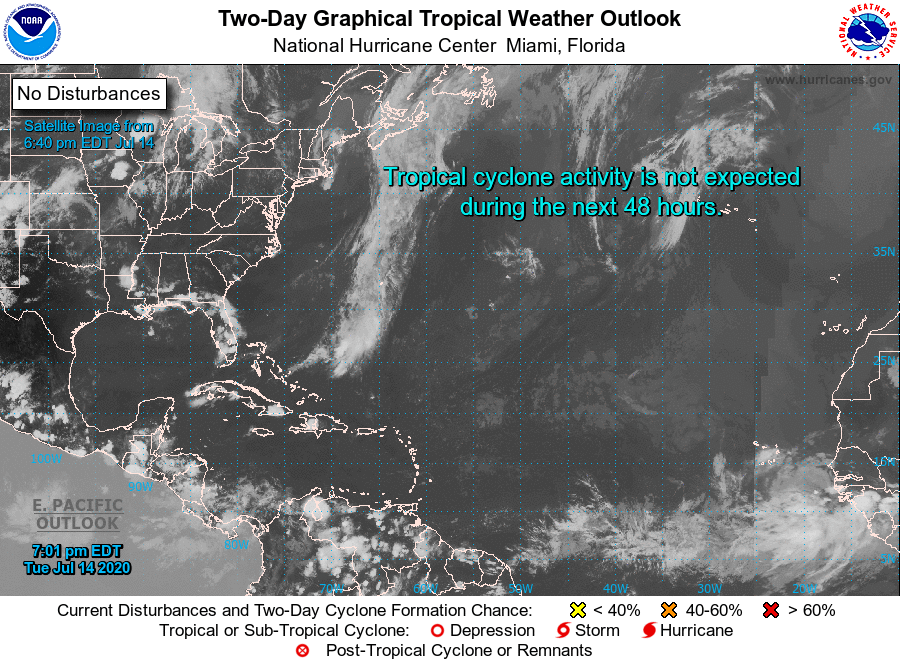
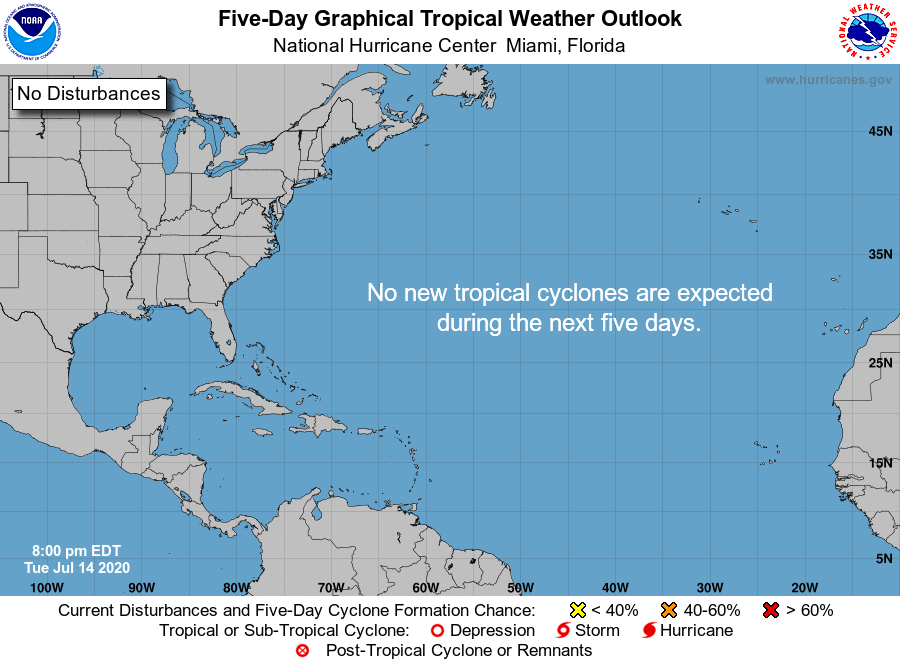
For the North Atlantic...Caribbean Sea and the Gulf of Mexico:

Tropical cyclone formation is not expected during the next 5 days.

Forecaster Zelinsky